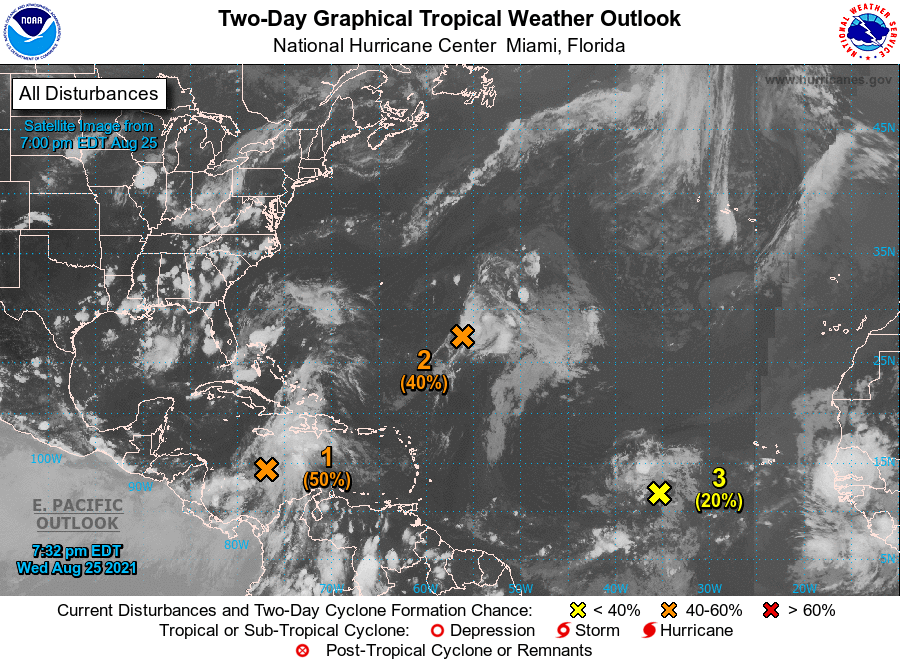
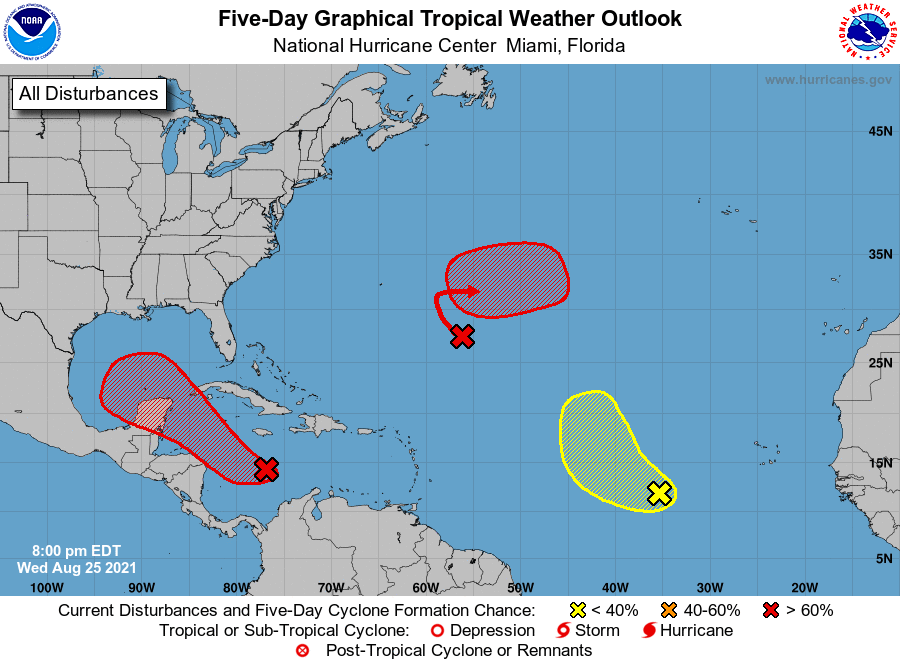
For the North Atlantic...Caribbean Sea and the Gulf of Mexico:

1. A broad area of low pressure is expected to form over the western Caribbean Sea during the next day or so from a tropical wave currently located north of Colombia. Environmental conditions are forecast to be conducive for development, and a tropical depression or tropical storm is likely to form late this week or over the weekend. The system is expected to move northwestward over the northwestern Caribbean Sea and near or across the Yucatan Peninsula of Mexico on Friday and into the Gulf of Mexico this weekend, where conditions are expected to be favorable for additional development. Regardless of development, heavy rainfall and flooding will be possible through the weekend in portions of Central America and the Yucatan Peninsula. In addition, this system could bring dangerous impacts from storm surge, wind, and heavy rainfall to portions of the coasts of Louisiana, Texas, and the Mexican state of Tamaulipas late this weekend and early next week. However, uncertainty remains large since the system has yet to form. Interests in these areas should closely monitor the progress of this system and ensure they have their hurricane plan in place. An Air Force Reserve reconnaissance aircraft is scheduled to investigate the system Thursday afternoon, if necessary.
* Formation chance through 48 hours...medium...50 percent.
* Formation chance through 5 days...high...80 percent.

2. A broad trough of low pressure is producing disorganized showers and thunderstorms over the central tropical Atlantic about 650 miles east-southeast of Bermuda. Only slow development of this system is expected during the next day or so due to unfavorable upper-level winds. Afterwards, environmental conditions are forecast to become more conducive for development, and a tropical depression is likely to form late this week or this weekend while the system turns eastward over the central Atlantic.
* Formation chance through 48 hours...medium...40 percent.
* Formation chance through 5 days...high...80 percent.

3. A tropical wave over the far eastern tropical Atlantic located several hundred miles west-southwest of the Cabo Verde Islands is producing disorganized showers and thunderstorms. Some development of this system is possible over the next several days while it moves west-northwestward at 10 to 15 mph over the eastern tropical Atlantic. Upper-level winds are forecast to become less conducive for development by early next week.
* Formation chance through 48 hours...low...20 percent.
* Formation chance through 5 days...low...30 percent.

Forecaster Pasch